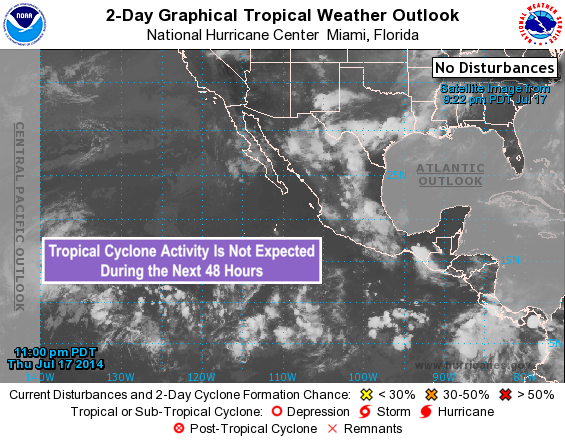
For the eastern North Pacific...east of 140 degrees west longitude:

Tropical cyclone formation is not expected during the next 5 days.

Forecaster Brown